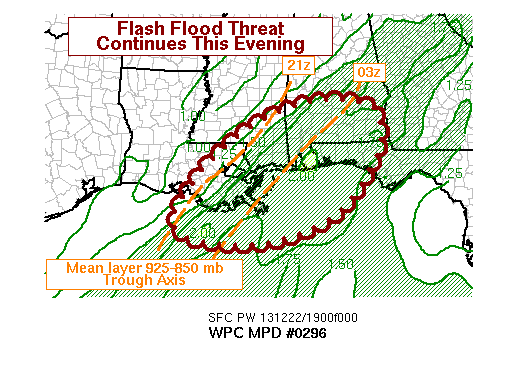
AREAS AFFECTED...SE LA...SRN MS AND AL...NW FL

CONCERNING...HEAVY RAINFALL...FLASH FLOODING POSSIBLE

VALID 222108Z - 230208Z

SUMMARY...PERSISTENT CONVECTION IN THIS REGION WILL UNDERGO SUBTLE
ENHANCEMENT AS A MID LEVEL WAVE FOCUSES DEEPER ASCENT THROUGH MID
TO LATE EVENING. THE AXIS OF ENHANCED UPDRAFTS AND RAINFALL
INTENSITY WILL MIGRATE VERY SLOWLY EASTWARD. FLASH FLOODING WILL
BECOME MORE LIKELY WHERE HEAVY RAIN HAD ALREADY FALLEN. A THREAT
OF FLASH FLOODING WILL ALSO SPREAD FARTHER EAST.

DISCUSSION...HAVING BEGUN EARLY THIS MORNING...AND LIKELY TO
PERSIST THROUGH MONDAY MORNING...THIS REGION WAS EXPERIENCING A
LONG DURATION RAIN EVENT WITHIN BROADLY CONVERGENT AND RELATIVELY
UNCHANGING LOWER TO MIDDLE LEVEL FLOW ON A LARGE SCALE. THE THREAT
OF FLASH FLOODING...AS OPPOSED TO AREAL FOODING/INUNDATION...WAS
TEMPERED SOMEWHAT BY SEASONALLY WEAK INSTABILITY. STILL...OBSERVED
RAIN RATES HAVE BEEN CAUSE FOR CONCERN AT TIMES. KMOB DUAL POL
RAINFALL ESTIMATES MATCHED VERY WELL WITH THE 2.35 INCHES OF RAIN
OBSERVED AT GULFPORT MS...WITH ESTIMATES OF GREATER THAN 4 INCHES
IN NEARBY AREAS. FLASH FLOOD GUIDANCE VALUES HAD PLUMMETED IN A
ZONE SOUTHWEST OF GULFPORT INTO SE LA...AND NORTHEASTWARD INTO
CENTRAL AL. THIS REGION WILL ALSO BE THE FIRST TO EXPERIENCE
ENHANCED RAIN RATES EARLY THIS EVENING.

NESDIS SPENES MESSAGE ALREADY DISCUSSED A SPEED MAX ACTING TO
ENHANCE CONVECTION OVER SE LA AS OF 21Z. IN ADDITION A LARGER
SCALE SHORTWAVE WILL BRUSH ACROSS THIS REGION BEGINNING THIS
EVENING AS IT MOVES FROM TEXAS UP TOWARD THE OHIO VALLEY
OVERNIGHT. A SLIGHT INCREASE TO LOW LEVEL CONVERGENCE AND MID
LEVEL ASCENT...COUPLED WITH THE WEAK HEATING CONTRIBUTION FROM THE
DIURNAL CYCLE OVER THE GULF INFLOW REGION...SHOULD YIELD DEEPER
UPDRAFTS AND MORE INTENSE RAIN RATES. HIGH RESOLUTION MODELING OF
RADAR REFLECTIVITY AND MEAN LAYER LOW LEVEL WINDS SUGGEST A VERY
SLOW EASTWARD ADVANCEMENT INITIATED BY THE WAVE COMING OUT OF
TEXAS...WITH EMPHASIS FOR LOCALLY HEAVY RAIN SHIFTING TOWARD SE
AL/NW FL AND PERHAPS SW GA OVERNIGHT.